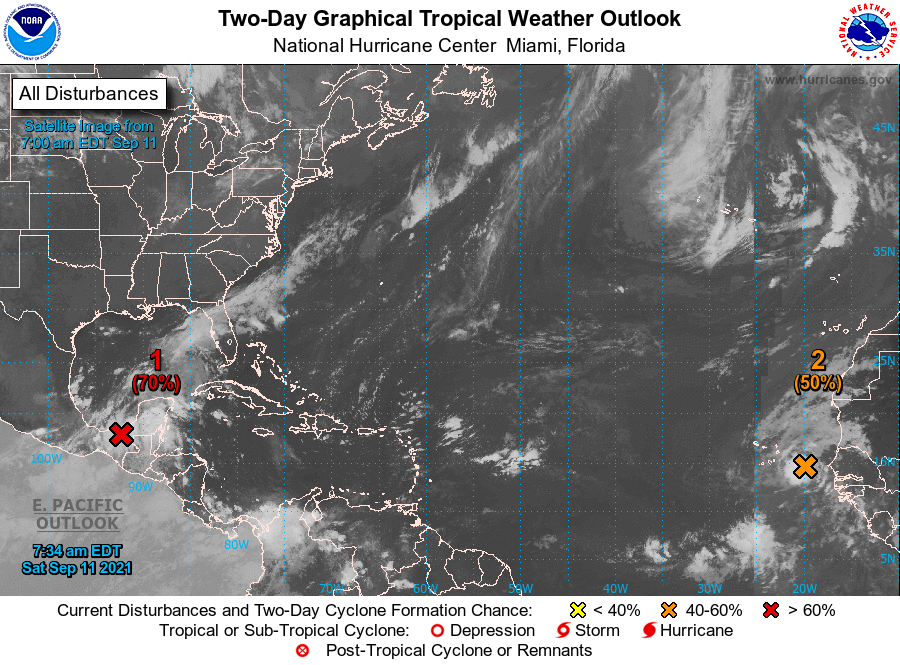
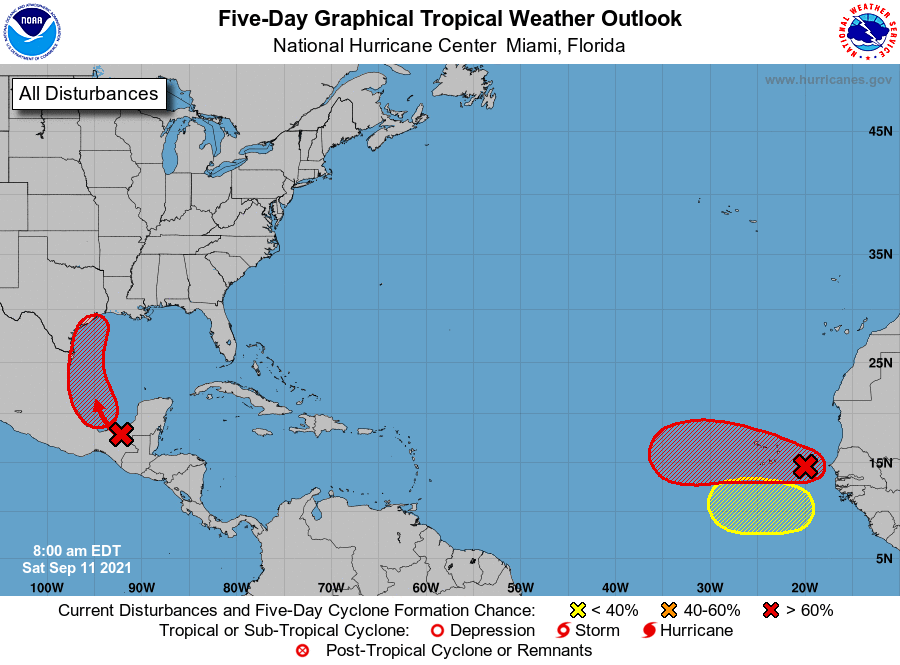
For the North Atlantic...Caribbean Sea and the Gulf of Mexico:

The National Hurricane Center is issuing advisories on Hurricane Larry, located over the Labrador Sea.

A tropical wave and an upper-level trough are producing a large area of disorganized showers and thunderstorms over portions of Central America, southeastern Mexico, and the adjacent waters of the northwestern Caribbean Sea and southern Gulf of Mexico. Although upper-level winds are not conducive for development currently, they are expected to become more favorable for the system during the next day or so. A tropical depression is likely to form on Sunday or Monday while the disturbance moves northwestward and then northward near the coast of northeastern Mexico. Further development will be possible through the middle of next week if it remains over water, and interests along the western and northwestern Gulf coast should monitor the progress of this system.

1. Regardless of development, this disturbance is expected to produce heavy rain across portions of Central America and the Yucatan Peninsula through today which may lead to flash flooding and mudslides. By late this weekend, heavy rain will likely reach portions of the western Gulf coast, including coastal Texas and Louisiana through the middle of next week. Localized significant rainfall amounts will be possible, potentially resulting in areas of flash and urban flooding.
* Formation chance through 48 hours...high...70 percent.
* Formation chance through 5 days...high...80 percent.

2. A tropical wave continues to produce a concentrated area of showers and thunderstorms just southeast of the Cabo Verde Islands. Environmental conditions appear generally conducive for gradual development, and a tropical depression is likely to form late this weekend or early next week while the system moves westward over the far eastern Atlantic. Regardless of development, this system is likely to bring gusty winds and locally heavy rain across the Cabo Verde Islands later today and tonight.
* Formation chance through 48 hours...medium...50 percent.
* Formation chance through 5 days...high...70 percent.

3. Another tropical wave is expected to move off the west coast of Africa in a few days. Some development of this system will be possible through the middle of next week while it moves westward across the eastern tropical Atlantic Ocean.
* Formation chance through 48 hours...low...near 0 percent.
* Formation chance through 5 days...low...20 percent.

Forecaster Cangialosi